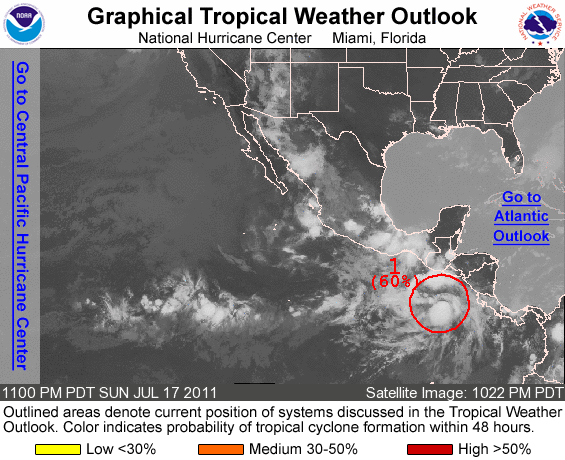
FOR THE EASTERN NORTH PACIFIC...EAST OF 140 DEGREES WEST LONGITUDE..

1. SHOWER AND THUNDERSTORM ACTIVITY ASSOCIATED WITH AN AREA OF LOW PRESSURE LOCATED ABOUT 250 MILES SOUTH OF THE BORDER OF EL SALVADOR AND GUATEMALA HAS INCREASED DURING THE PAST FEW HOURS. UPPER-LEVEL WINDS ARE EXPECTED TO BECOME MORE FAVORABLE FOR DEVELOPMENT...AND A TROPICAL DEPRESSION COULD FORM DURING THE NEXT DAY OR TWO. THIS SYSTEM HAS A HIGH CHANCE...60 PERCENT...OF BECOMING A TROPICAL CYCLONE DURING THE NEXT 48 HOURS AS IT MOVES WESTWARD AT 10 MPH.

ELSEWHERE...TROPICAL CYCLONE FORMATION IS NOT EXPECTED DURING THE NEXT 48 HOURS.

FORECASTER CANGIALOSI